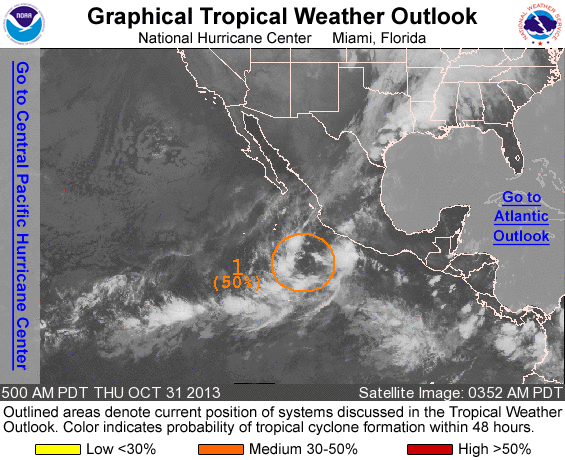
FOR THE EASTERN NORTH PACIFIC...EAST OF 140 DEGREES WEST LONGITUDE..

1. SHOWER ACTIVITY ASSOCIATED WITH A BROAD LOW PRESSURE AREA CENTERED ABOUT 350 MILES SOUTHWEST OF MANZANILLO MEXICO HAS CHANGED LITTLE IN ORGANIZATION DURING THE PAST FEW HOURS. HOWEVER...UPPER-LEVEL WINDS ARE BECOMING MORE FAVORABLE...AND ADDITIONAL DEVELOPMENT OF THE LOW IS EXPECTED DURING THE NEXT COUPLE OF DAYS WHILE IT MOVES NORTH-NORTHWESTWARD AT ABOUT 5 MPH. THIS SYSTEM HAS A MEDIUM CHANCE...50 PERCENT...OF BECOMING A TROPICAL CYCLONE DURING THE NEXT 48 HOURS...AND A HIGH CHANCE...70 PERCENT...OF BECOMING A TROPICAL CYCLONE DURING THE NEXT 5 DAYS.

FIVE-DAY FORMATION PROBABILITIES ARE EXPERIMENTAL IN 2013. COMMENTS ON THE EXPERIMENTAL FORECASTS CAN BE PROVIDED AT...

HTTP://WWW.NWS.NOAA.GOV/SURVEY/NWS-SURVEY.PHP?CODE=ETWO

FORECASTER BERG